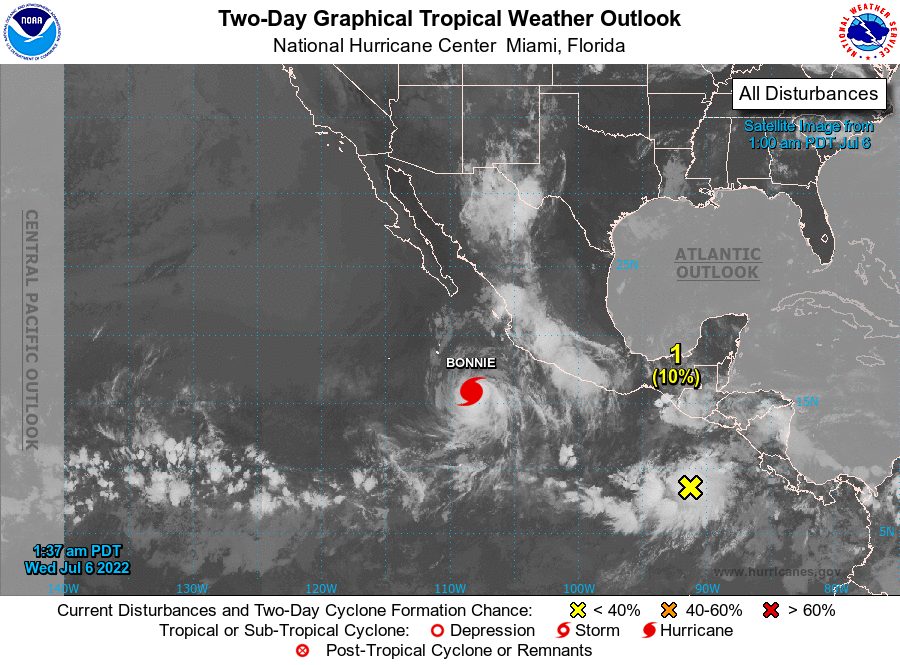
For the eastern North Pacific...east of 140 degrees west longitude:

Active Systems: The National Hurricane Center is issuing advisories on Hurricane Bonnie, located several hundred miles south-southwest of southwestern Mexico.

1.

1. Offshore of Central America/Mexico: An area of disturbed weather has formed several hundred miles south of the coast of Central America. This disturbance is expected to spawn an area of low pressure southwest of the coast of southern Mexico toward the end of the week. After that, environmental conditions are expected to be conducive for gradual development, and a tropical depression could form over the weekend while the system moves generally west-northwestward.
* Formation chance through 48 hours...low...10 percent.
* Formation chance through 5 days...medium...40 percent.

Forecaster Beven